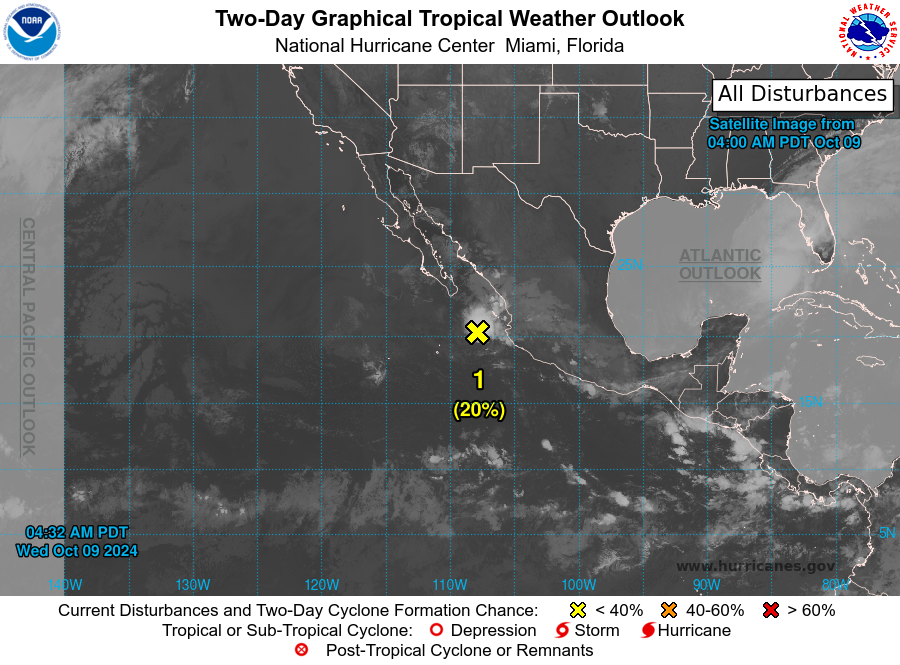
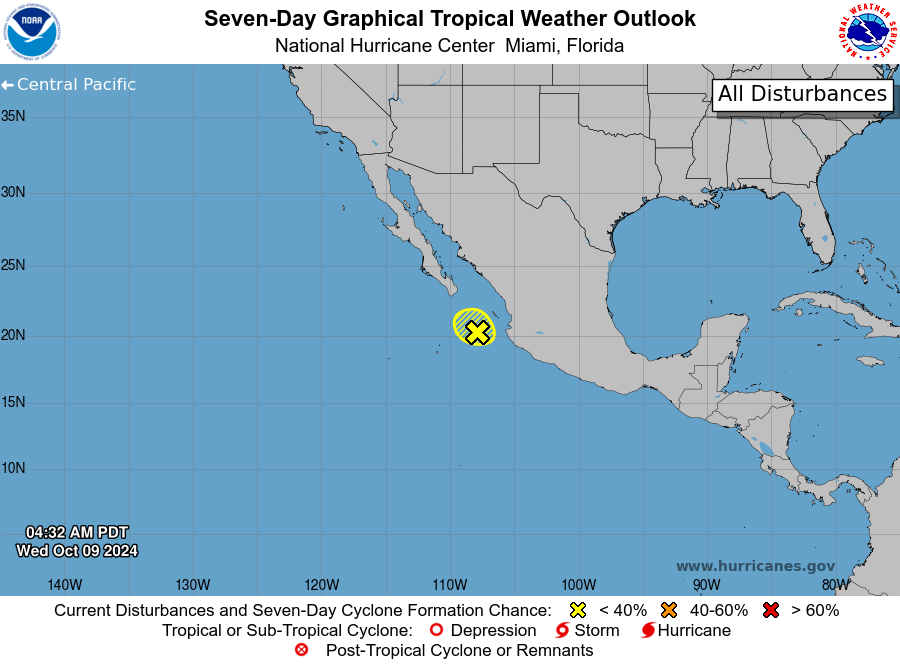
For the eastern North Pacific...east of 140 degrees west longitude:

1. Offshore of Southwestern Mexico (EP99): Disorganized showers and thunderstorms continue in association with a weak low pressure system located about 230 miles southeast of the southern tip of the Baja California peninsula. Slight development of this system is possible today while it moves slowly north- northwestward to northwestward. By tonight, increasing upper-level winds and dry air should end the chances for any further development.
* Formation chance through 48 hours...low...20 percent.
* Formation chance through 7 days...low...20 percent.

Forecaster Hagen